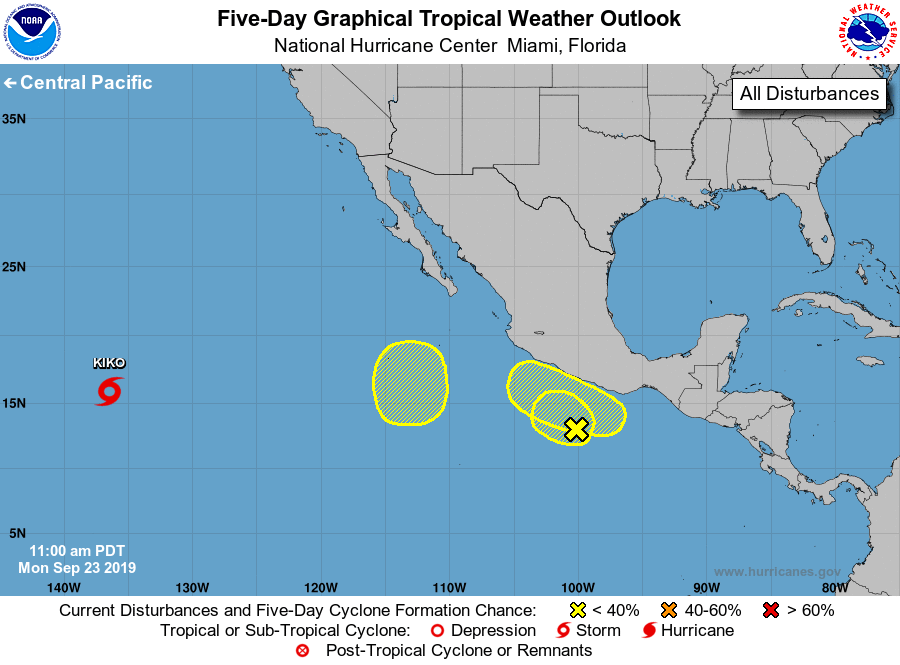
For the eastern North Pacific...east of 140 degrees west longitude:

The National Hurricane Center has issued the last advisory on Post-Tropical Cyclone Mario, located near the southwestern coast of the Baja California peninsula. Advisories are still being issued on Tropical Storm Kiko, located over the far southwestern part of the basin.

1. A weak area of low pressure located several hundred miles south of the southwestern coast of Mexico continues to produce limited shower activity. This system is expected to drift northward or northwestward during the next few days, and significant development is unlikely due to strong upper-level winds.
* Formation chance through 48 hours...low...10 percent.
* Formation chance through 5 days...low...10 percent.

2. An area of low pressure could form south of the southern coast of Mexico over the weekend. Some slow development is possible thereafter while the system moves west-northwestward or northwestward near the southwestern coast of Mexico.
* Formation chance through 48 hours...low...near 0 percent.
* Formation chance through 5 days...low...20 percent.

3. Another area of low pressure could form over the central portion of the eastern North Pacific basin in a couple of days. Some slight development is possible later this week while the system moves generally northward, several hundred miles southwest of the southwestern coast of Mexico.
* Formation chance through 48 hours...low...near 0 percent.
* Formation chance through 5 days...low...20 percent.

Forecaster Zelinsky